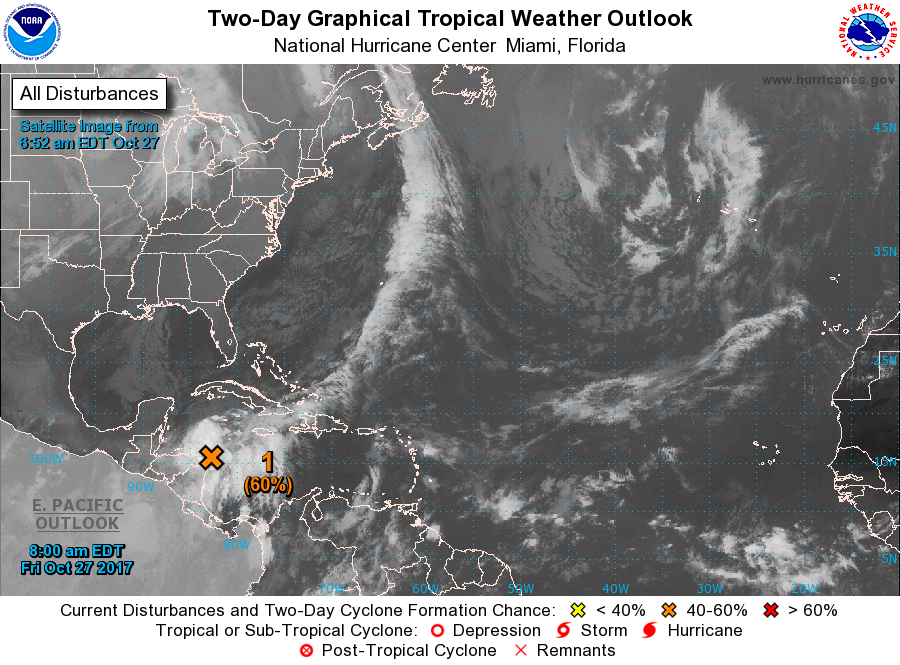
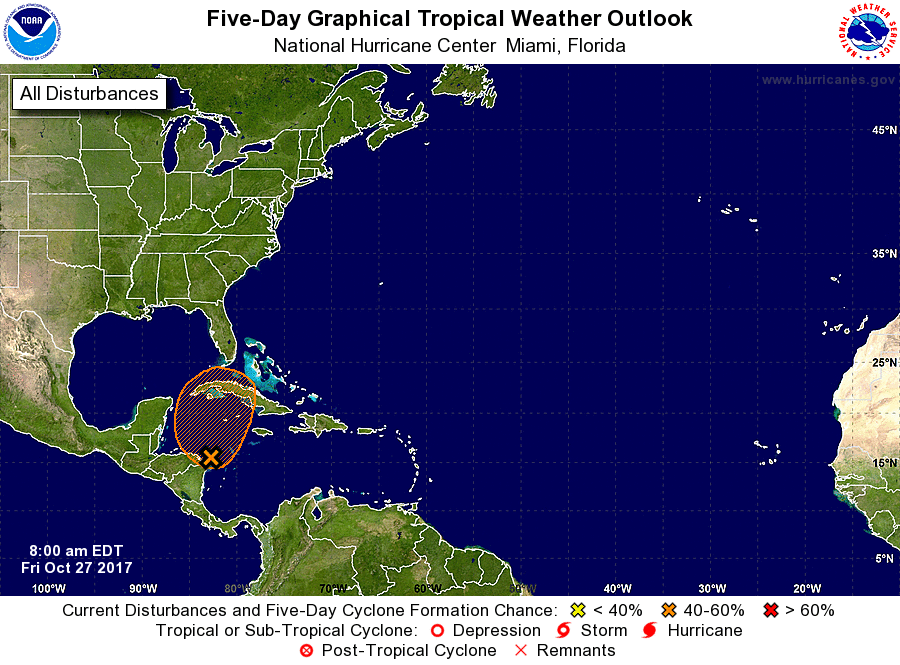
For the North Atlantic...Caribbean Sea and the Gulf of Mexico:

1. Shower and thunderstorm activity has increased and become more concentrated in association with a trough of low pressure over the northwestern Caribbean Sea. Environmental conditions are expected to be conducive for development today and Saturday, and a tropical depression could form as the system moves northward over the northwestern Caribbean Sea. Increasing upper-level winds will make conditions less favorable when the system moves north of Cuba and merges with a cold front on Sunday. Interests in the Cayman Islands and central and western Cuba should monitor the progress of this system. Regardless of development, this disturbance is expected to produce locally heavy rainfall over the Cayman Islands, Jamaica, and portions of Cuba during the next day or two. These rains are forecast to spread northward across portions of South Florida and the Keys on Saturday, and over the northwestern Bahamas Saturday night and Sunday. An Air Force Reserve reconnaissance aircraft is scheduled to investigate this system this afternoon, if necessary.
* Formation chance through 48 hours...medium...60 percent.
* Formation chance through 5 days...medium...60 percent.

Forecaster Brown